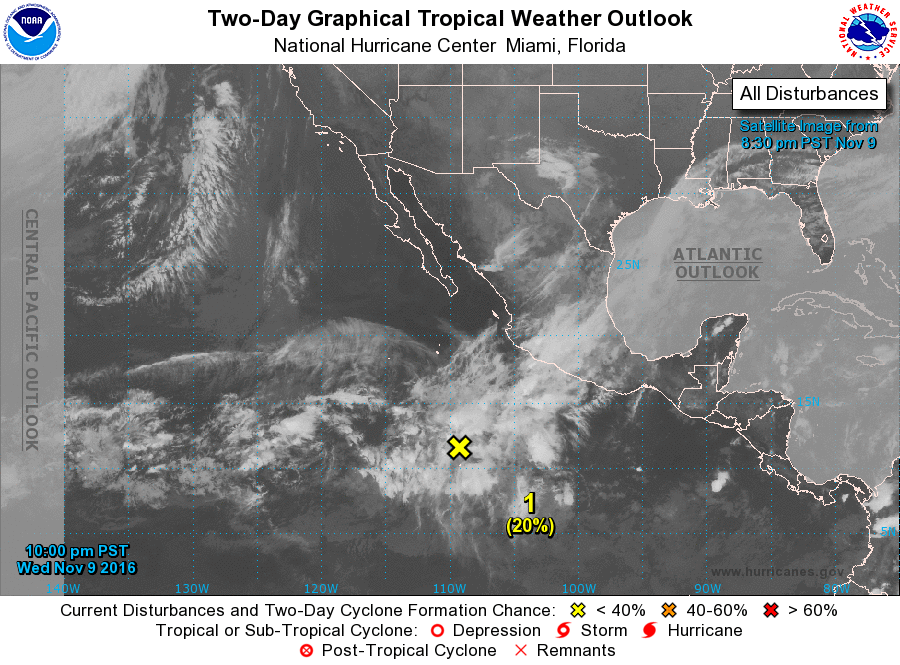
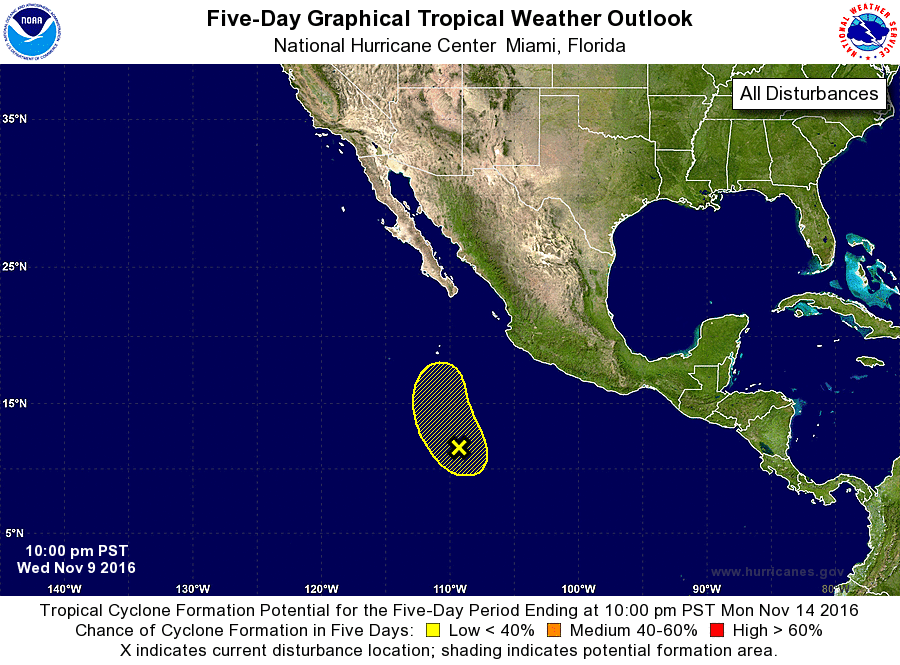
For the eastern North Pacific...east of 140 degrees west longitude:

1. An area of low pressure located a little more than 500 miles southwest of Manzanillo, Mexico, is accompanied by a large area of disorganized showers and thunderstorms. Strong upper-level winds currently affecting this system are expected to increase during the next few days, and development, if any, should be slow to occur while the low moves northwestward and then northward at 5 to 10 mph.
* Formation chance through 48 hours...low...20 percent
* Formation chance through 5 days...low...30 percent

Forecaster Avila